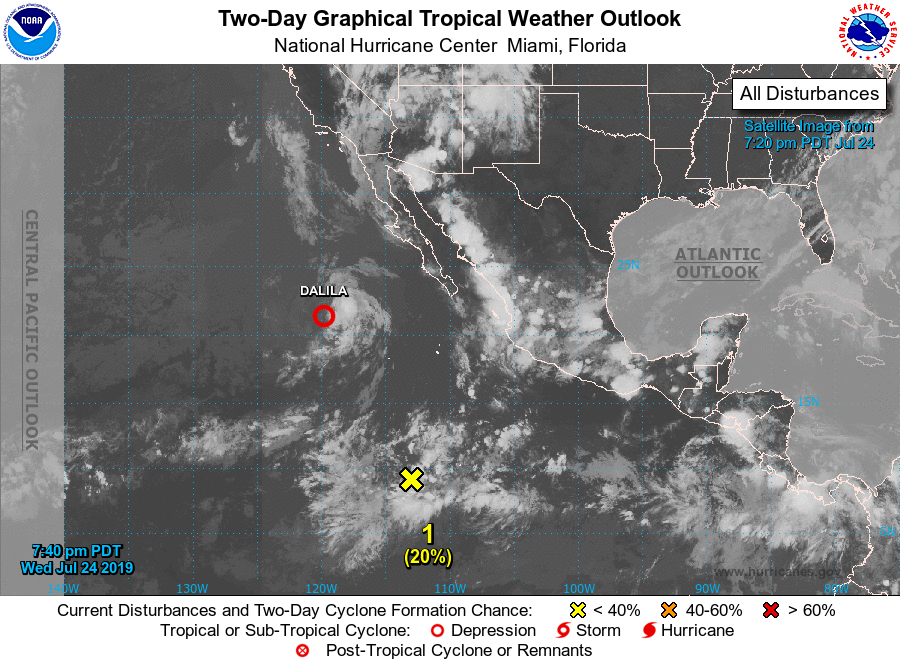
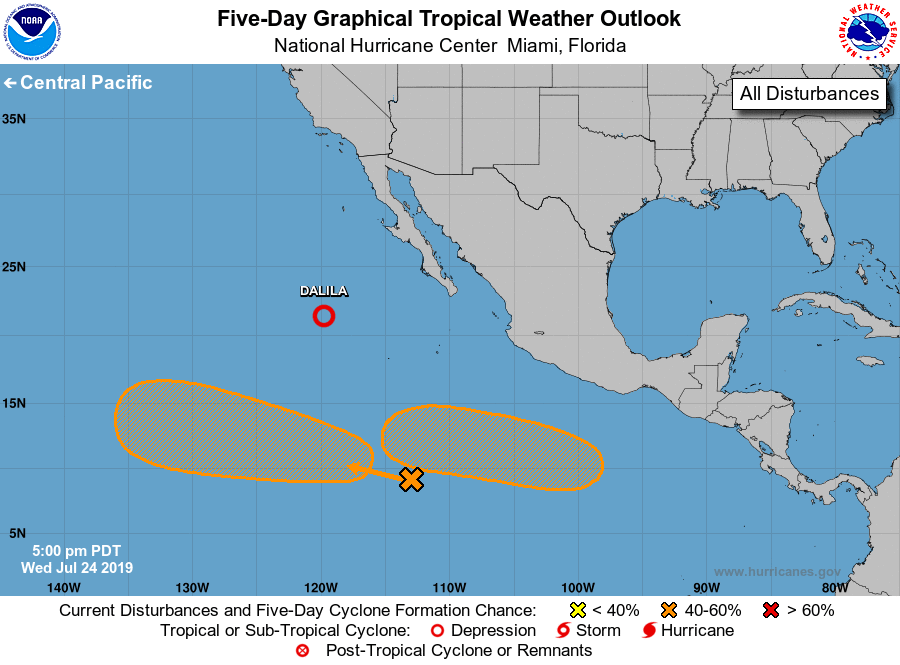
For the eastern North Pacific...east of 140 degrees west longitude:

The National Hurricane Center is issuing advisories on Tropical Depression Dalila, located several hundred miles west-southwest of the southern tip of the Baja California peninsula.

1. A tropical wave located almost a thousand miles south-southwest of the southern tip of the Baja California peninsula is producing cloudiness and showers over a broad area. Upper-level winds are expected to become more conducive for the development of this system during the next few days, and a tropical depression could form over the weekend or early next week while the system moves westward to west-northwestward at 10 to 15 mph.
* Formation chance through 48 hours...low...20 percent.
* Formation chance through 5 days...medium...50 percent.

2. An area of low pressure is expected to form a few hundred miles south of the coast of southern Mexico by the end of the week. Some gradual development of the system is expected thereafter and a tropical depression could form by early next week while it moves generally westward at 15 to 20 mph.
* Formation chance through 48 hours...low...near 0 percent.
* Formation chance through 5 days...medium...40 percent.

Forecaster Zelinsky